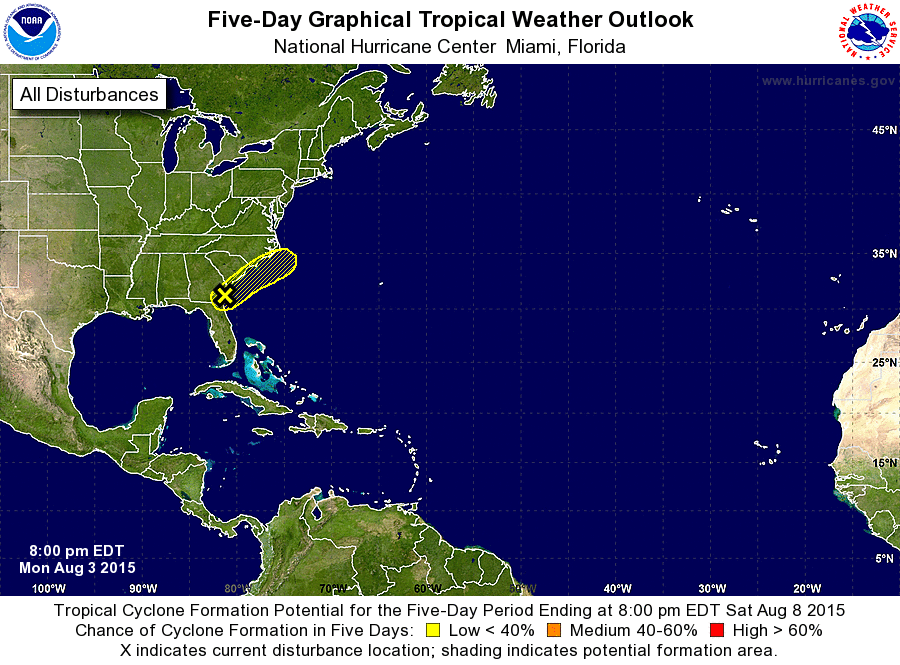
For the North Atlantic...Caribbean Sea and the Gulf of Mexico:

1. A weak area of low pressure located along the coast of Georgia is producing disorganized showers and thunderstorms across portions of southeastern Georgia and northern Florida. Upper-level winds are not expected to be conducive for development while this low moves northeastward at about 10 mph near the southeastern United States coast during the next day or so. For additional information on this system, see High Seas Forecasts issued by the National Weather Service.
* Formation chance through 48 hours...low...10 percent
* Formation chance through 5 days...low...10 percent

High Seas Forecasts issued by the National Weather Service can be found under AWIPS header NFDHSFAT1 and WMO header FZNT01 KWBC.

Forecaster Brennan